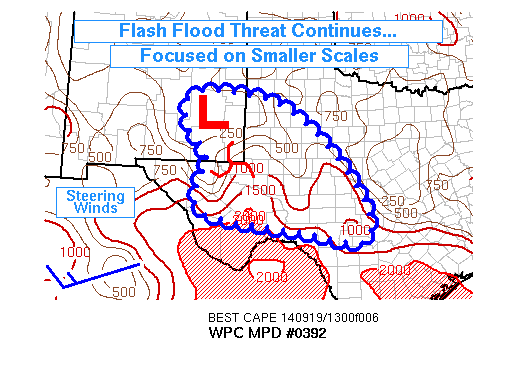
AREAS AFFECTED...ERN NM...SW TX

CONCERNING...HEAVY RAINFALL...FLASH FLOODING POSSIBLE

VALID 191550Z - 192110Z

SUMMARY...VARIOUS FACTORS WILL CONSPIRE TOWARD A CONTINUED RISK OF
FLASH FLOODING THROUGH MID-AFTERNOON IN ERN NM AND SW TX.
ORGANIZATION WILL TEND TO OCCUR ON SMALL SCALES...BUT DEEP
MOISTURE AND INCREASING INSTABILITY WILL SUPPORT LOCALLY INTENSE
RAIN RATES.

DISCUSSION...IN THE NEAR TERM...A WELL- FORMED MCV WAS APPROACHING
MIDLAND TX. STRATIFORM RAIN RATES NEAR THE CENTER MAY ONLY REACH
0.75"/HOUR...BUT MUCH HEAVIER RAIN IS POSSIBLE IN SPIRAL BANDS
DIRECTED SOUTH AND EAST TOWARD GREATER INSTABILITY. MEANWHILE...
THE RAP SHOWS A CIRCULATION LOOSELY INTERPRETED AS THE REMNANTS OF
ODILE BEING BEST DEFINED AT 850 MB...AND DRIFTING ALONG NORTH OF
THE MCV. THOUGH INSTABILITY IS LACKING...SOME FORCED ASCENT OF
UNUSUALLY MOIST AIR MAY YIELD HEAVY RAIN IN THE FOOTHILLS WEST
THROUGH NORTHWEST OF ROSWELL. A CONSERVATIVE ESTIMATE ON
RATES...USING TWO-THIRDS OF WHAT HAS BEEN OBSERVED FROM LONG
DISTANCE AT KFDX...SUGGESTS MORE THAN AN INCH PER HOUR.

IN HANDLING THE MCV...THE HRRR MAY BE TOO QUICK TO TRANSITION
CONVECTION TOWARD A MORE SURFACE-BASED CHARACTER WITH STRONGER
COLD POOLS AND FORWARD PROPAGATION. CLOUD COVER SHOULD SLOW
HEATING...BUT AT THE SAME TIME THE VERTICAL PROFILES THROUGHOUT SW
TX ARE SO MOIST AS TO ALLOW A MORE RAPID TRANSITION TOWARD
SFC-BASED CONVECTION COMPARED TO YESTERDAY. CONSECUTIVE RUNS OF
THE HRRR ARE VERY CONSISTENT IN EXPANDING CONVECTION ALONG THE
SOUTHERN FLANK OF THE MCV...WHICH GRADUALLY OVERTAKES SLOW-MOVING
CELLS FORMING FROM THE HILL COUNTRY NW TOWARD SAN ANGELO.

THESE EVENTS ARE MOVING AWAY FROM THE VERY LOW FLASH FLOOD
GUIDANCE WEST OF MIDLAND...BUT GUIDANCE VALUES ARE RELATIVELY
LOW...WITH FLOODING PREDICTED AT 1.5" IN AN HOUR...OVER ALL OF SW
TX. RICH MOISTURE AND SLOW INDIVIDUAL CELL MOVEMENT SHOULD LOCALLY
SUPPORT THESE RATES AND A RISK OF FLASH FLOODING.